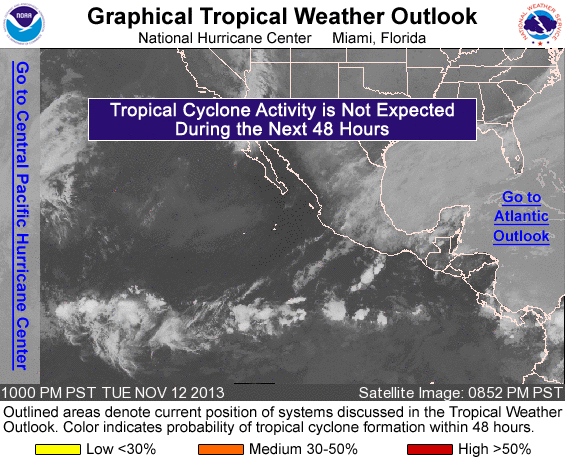
FOR THE EASTERN NORTH PACIFIC...EAST OF 140 DEGREES WEST LONGITUDE..

TROPICAL CYCLONE FORMATION IS NOT EXPECTED DURING THE NEXT 48 HOURS.

OTHER SYSTEMS WITH FORMATION POTENTIAL BEYOND 48 HOURS...

AN AREA OF LOW PRESSURE COULD DEVELOP SEVERAL HUNDRED MILES SOUTHWEST OF THE SOUTHWESTERN COAST OF MEXICO BY THIS WEEKEND. HOWEVER...ENVIRONMENTAL CONDITIONS ARE EXPECTED TO BE ONLY MARGINALLY CONDUCIVE FOR DEVELOPMENT WHILE THIS DISTURBANCE MOVES NORTHWESTWARD AND THEN NORTHWARD. THIS SYSTEM HAS A LOW CHANCE... NEAR 0 PERCENT...OF BECOMING A TROPICAL CYCLONE DURING THE NEXT 48 HOURS...AND A LOW CHANCE...20 PERCENT...OF BECOMING A TROPICAL CYCLONE DURING THE NEXT 5 DAYS.

&&
FIVE-DAY FORMATION PROBABILITIES ARE EXPERIMENTAL IN 2013. COMMENTS ON THE EXPERIMENTAL FORECASTS CAN BE PROVIDED AT...

HTTP://WWW.NWS.NOAA.GOV/SURVEY/NWS-SURVEY.PHP?CODE=ETWO

FORECASTER STEWART